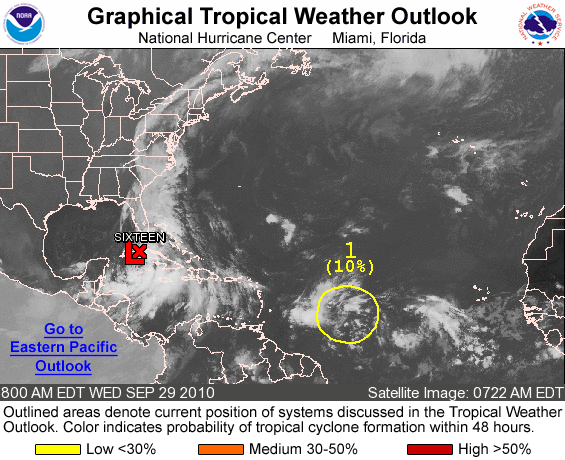
FOR THE NORTH ATLANTIC...CARIBBEAN SEA AND THE GULF OF MEXICO...

THE NATIONAL HURRICANE CENTER IS ISSUING ADVISORIES ON TROPICAL DEPRESSION SIXTEEN...LOCATED ABOUT 150 MILES SOUTH OF MARATHON FLORIDA.

1. A TROPICAL WAVE OVER THE CENTRAL ATLANTIC LOCATED ABOUT 900 MILES EAST OF THE WINDWARD ISLANDS IS PRODUCING LIMITED SHOWERS AND THUNDERSTORMS. UPPER-LEVEL WINDS ARE BECOMING LESS FAVORABLE FOR DEVELOPMENT AS IT MOVES WESTWARD TO WEST-NORTHWESTWARD AT 15 TO 20 MPH. THERE IS A LOW CHANCE...10 PERCENT...OF THIS SYSTEM BECOMING A TROPICAL CYCLONE DURING THE NEXT 48 HOURS.

ELSEWHERE...TROPICAL CYCLONE FORMATION IS NOT EXPECTED DURING THE NEXT 48 HOURS.

PUBLIC ADVISORIES ON TROPICAL DEPRESSION SIXTEEN ARE ISSUED UNDER WMO HEADER WTNT31 KNHC AND UNDER AWIPS HEADER MIATCPAT1. FORECAST/ADVISORIES ON TROPICAL DEPRESSION SIXTEEN ARE ISSUED UNDER WMO HEADER WTNT21 KNHC AND UNDER AWIPS HEADER MIATCMAT1.

FORECASTER BLAKE